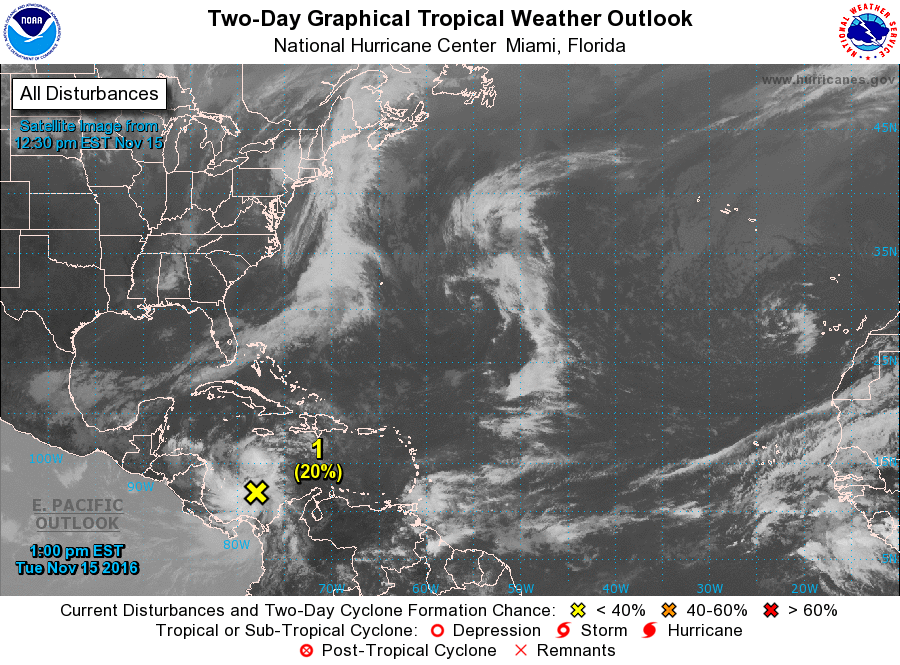
For the North Atlantic...Caribbean Sea and the Gulf of Mexico:

1. A large area cloudiness and thunderstorms is associated with a broad low pressure system located over the southwestern Caribbean Sea. Environmental conditions are expected to be conducive for slow development of this disturbance during the next several days, and a tropical depression is likely to form by late this week or over the weekend while the low drifts generally northward.
* Formation chance through 48 hours...low...20 percent
* Formation chance through 5 days...high...80 percent

Forecaster Stewart